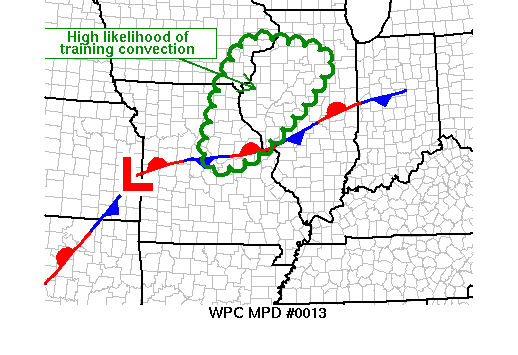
AREAS AFFECTED...NERN MO...SERN IA INTO NRN IL

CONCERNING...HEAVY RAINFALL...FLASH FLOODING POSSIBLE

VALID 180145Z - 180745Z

SUMMARY...ADDITIONAL HEAVY RAIN EXPECTED FROM NERN MO...SERN IA
INTO NRN IL WITH AN ENVIRONMENT FAVORABLE FOR TRAINING.

DISCUSSION...01Z ANALYSIS INDICATED A QUASI-STATIONARY FRONT
EXTENDING WWD ACROSS STL  INTO A 1002 SFC LOW ALONG THE KS/MO
BORDER...AND THEN SWWD THROUGH OK TO NEAR FDR. 00Z RAOB DATA
CONTINUED TO SHOW S TO SW FLOW NEAR 850 MB BETWEEN 40 AND 50 KTS
AT OUN AND SGF WHICH PARALLELS THE MEAN FLOW OF ROUGHLY THE SAME
MAGNITUDE/DIRECTION. OBSERVATIONS OF PWAT PER RAOB AND TPW BLENDED
PW DATA SHOWED 1.25 TO 1.5 INCHES EXTENDING FROM CNTRL OK INTO
CNTRL MO ALONG WITH 2500 J/KG CAPE WITH MINIMAL CIN AT SGF.

AS HEIGHT FALLS ASSOCIATED WITH A LARGE UPPER TROUGH EJECTING OUT
FROM THE CNTRL ROCKIES SHIFTS EASTWARD OVERNIGHT...CONVECTION IS
EXPECTED TO FILL IN NEAR AND ALONG THE STATIONARY FRONT...AND
THESE TRENDS ARE ALREADY BEING SEEN ON RADAR. SHORT TERM MODEL
FORECASTS INDICATE THE SFC LOW ALONG THE OK/MO BORDER WILL MOVE
NORTHEASTWARD OVERNIGHT WHICH MAY ALSO BRING THE BOUNDARY NORTH AS
A WARM FRONT TO ITS EAST. HOWEVER...RAIN COOLED AIR TO ITS NORTH
MAY PREVENT THIS FROM HAPPENING...AT LEAST OVER THE NEXT FEW
HOURS. EITHER WAY...OVERRUNNING WARM/MOIST AIR WILL CONTINUE TO
CAUSE HEAVY RAIN TO CONTINUE TO FALL OVER NERN MO INTO IL...AND AS
RADAR COVERAGE FILLS IN ACROSS SWRN MO LATER AS FFG LOWERS FROM
ITS PRESENT VALUES OF 1 TO 1.5 IN/HR.